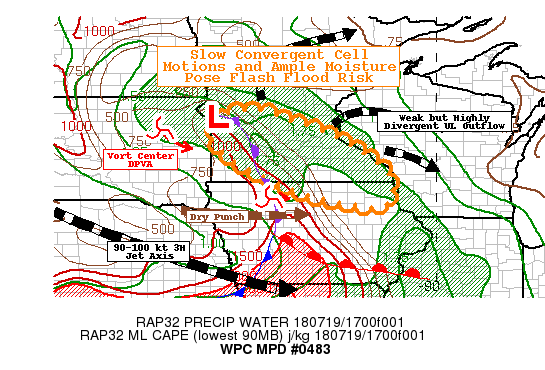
AREAS AFFECTED...SOUTHERN MN...NORTHEAST IA...

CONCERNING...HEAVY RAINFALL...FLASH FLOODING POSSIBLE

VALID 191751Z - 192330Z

SUMMARY...INCREASING CONVECTION AND COVERAGE WITH SLOWING AND
CONVERGENT CELL MOTIONS POSE LOCALIZED FLASH FLOOD RISK.

DISCUSSION...GOES-16 WV SUITE DEPICTS THE HIGHLY ELONGATED SHEAR
AXIS FROM SE ND TO NW IL WITH A STRONG NORTHWESTERLY JET STREAK
ALONG THE SW PERIPHERY CENTERED THROUGH NEB TO SW IA.  WEAKER BUT
HIGHLY ANTICYCLONICALLY CURVED OUTFLOW ALONG THE NE EDGE OF THE
SHEAR AXIS PROVIDES SOME LARGER SCALE ASCENT.  WV AND GPS TPW
OBS/BLENDED TPW IMAGERY SHOWS STRONG DRY PUNCH ACROSS SE SD INTO
CENTRAL IA WITH VALUES ALREADY RAPIDLY FALLING TOWARD 1.3" IN
CENTRAL IA.  STILL COOL CONVEYOR BELT WITHIN THE SHEAR AXIS AND SE
FLOW ACROSS NE IA AND RETURN MOISTURE FROM THE INNER CORE OF THE
UPPER LOW KEEP THE PWATS IN THE 1.5-1.75" RANGE.  CURRENTLY THOUGH
THE Q-AXIS IS REMOVED TO THE EAST FROM THE BEST
INSTABILITY/HEATING AXIS THAT IS NOSING UP THROUGH WEST CENTRAL IA
GENERALLY COINCIDENT JUST AHEAD OF LOW LEVEL TWIST IN NW IA SEEN
IN VISIBLE IMAGERY.

AT THE SURFACE AN OCCLUDED SFC LOW IS NEAR BIG STONE COUNTY, MN
WITH THE FRONT EXTENDING SSE THEN DUE SOUTH JUST BEHIND THE
INSTABILITY AXIS...WITH SSELY LOW LEVEL FLOW AHEAD AND MID-60S TDS
WITH STRONG 10-15KT DUE WESTERLY FLOW BEHIND SUPPORTS STRONG MST
CONVERGENCE TO DEVELOP DEEP CONVECTION.  GIVEN DEEPER MOISTURE
DEPTH/PROFILES ACROSS SOUTHERN MN CELLS ARE MORE ROBUST AND GIVEN
PROXIMITY TO THE SHEAR AXIS...CELL MOTIONS REDUCE TO NEAR 5KTS AND
ARE GENERALLY CONVERGENT TO THE AXIS RUNNING FAIRLY SIMILAR TO THE
MINNESOTA RIVER.  AN MCV/VORT CENTER TO THE NW IN NE SD IS ALSO
STARTING TO SLIDE SOUTHEASTWARD PROVIDING ADDITIONAL DPVA ASCENT
FOR ADDITIONAL CONVECTION DEVELOP UPSTREAM INTO THIS AXIS AS
WELL...LEADING TO HIGHER PROBABILITIES FOR STATIONARY CELL MOTIONS
OVER THE NEXT FEW HOURS.  GIVEN SELY FLUX INTO THE AREA...THESE
CELLS ARE LIKELY TO MAINTAIN FAIRLY WELL EVEN WITHOUT THE DEEPEST
INSTABILITY (LESS THAN 1000 J/KG MLCAPES).  RATES OF 1-1.5"/HR ARE
LIKELY AND POSSIBLY AS HIGH AS 2" NEAR THE MN/IA BORDER TOWARD AEL
OR AUM WHERE DEEPEST MOISTURE WILL CONTINUE TO RESIDE THOUGH ALSO
BE FASTER MOVING.

THIS AXIS OF HIGHER RAINFALL IS GENERALLY COINCIDES WITH LOWERED
FFG VALUES FROM LAST EVENING'S RAINFALL AND IS SUPPORTED BY THE
BULK OF THE HI-RES CAMS BUT IN PARTICULAR RECENT HRRR, 12Z NMMB
AND GEM REGIONAL RUNS.  WHILE GUIDANCE AND CURRENT INSTABILITY
SUGGEST CONVECTION MAY BE A BIT MORE SCATTERED...THERE IS SOLID
SIGNAL FOR 1.5-3" TOTALS AND FLASH FLOODING CAN BE CONSIDERED
POSSIBLE THROUGH THE NEXT 4-6 HRS IN THIS AREA.